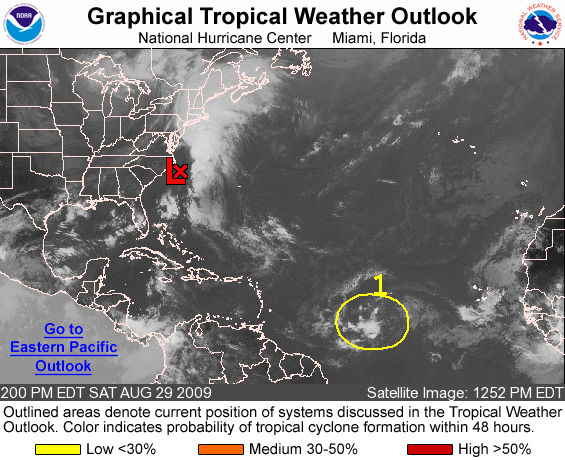
FOR THE NORTH ATLANTIC...CARIBBEAN SEA AND THE GULF OF MEXICO...

1. SHOWER AND THUNDERSTORM ACTIVITY REMAINS MINIMAL IN ASSOCIATION WITH A BROAD AREA OF LOW PRESSURE LOCATED ABOUT 1350 MILES EAST OF THE LESSER ANTILLES. ANY DEVELOPMENT OF THIS SYSTEM WILL BE SLOW TO OCCUR AS IT MOVES WESTWARD OR WEST-NORTHWESTWARD AT AROUND 15 MPH. THERE IS A LOW CHANCE...LESS THAN 30 PERCENT...OF THIS SYSTEM BECOMING A TROPICAL CYCLONE DURING THE NEXT 48 HOURS.

ELSEWHERE...TROPICAL CYCLONE FORMATION IS NOT EXPECTED DURING THE NEXT 48 HOURS.

FORECASTER BRENNAN